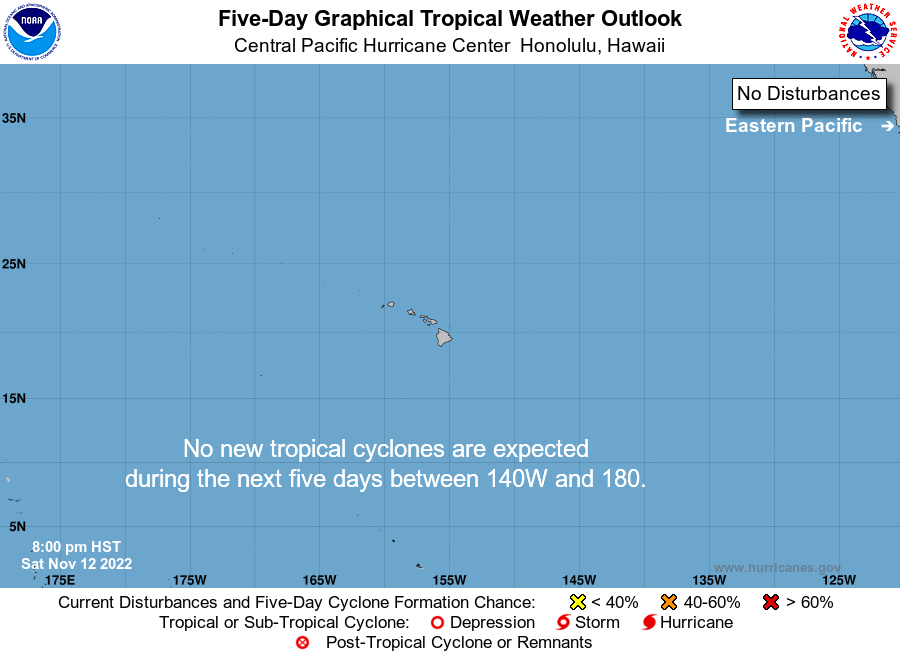
For the central North Pacific...between 140W and 180W:

No tropical cyclones are expected during the next 5 days.

Forecaster TS